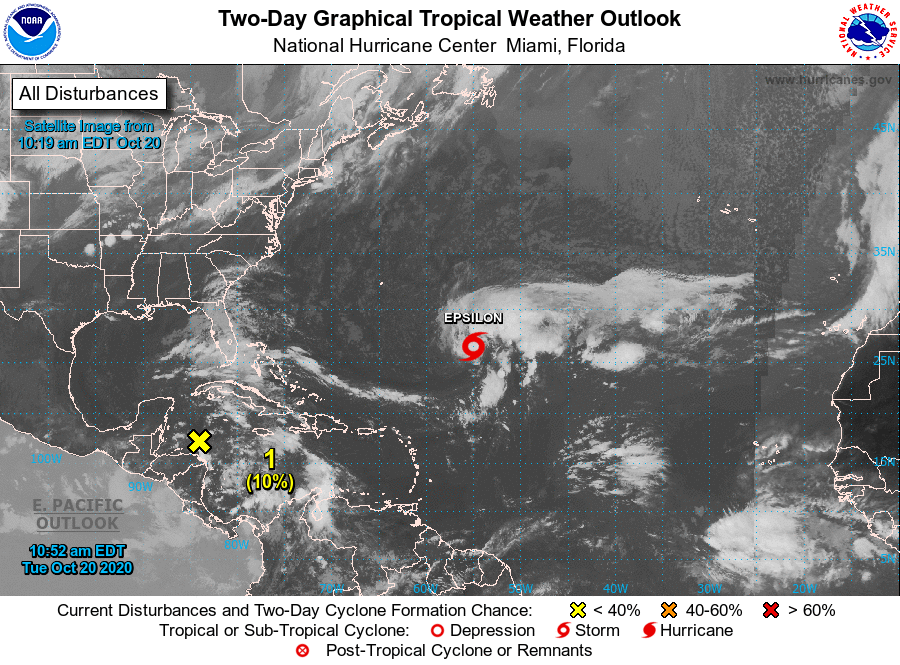
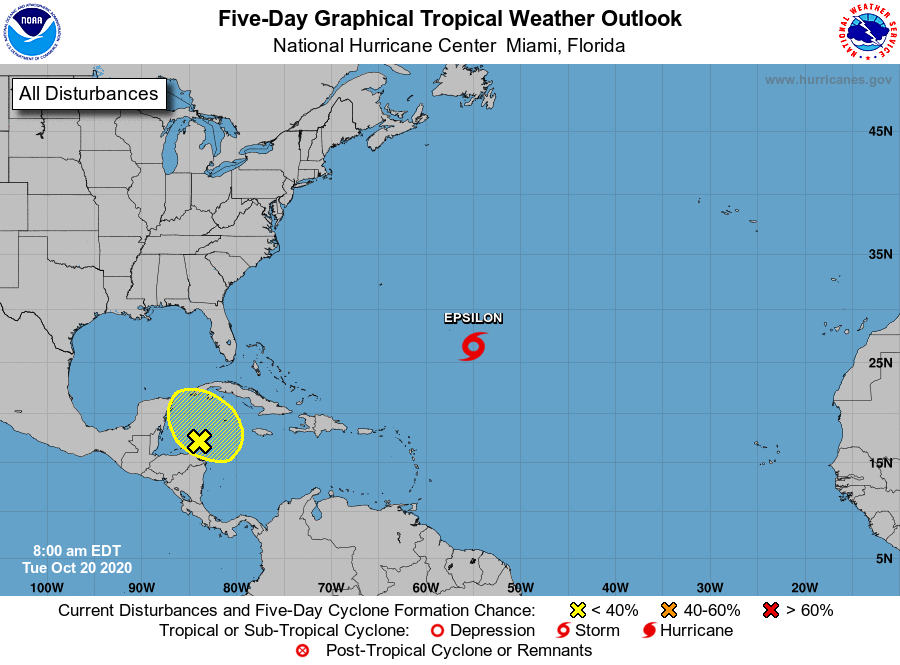
For the North Atlantic...Caribbean Sea and the Gulf of Mexico:

The National Hurricane Center is issuing advisories on Tropical Storm Epsilon, located over the central Atlantic several hundred miles southeast of Bermuda.

1. A trough of low pressure extends from the northwestern Caribbean Sea near the northeastern portion of the Yucatan peninsula southeastward into the southwestern Caribbean Sea. This system is producing disorganized showers and thunderstorms well to the east of the trough axis. Upper-level winds are expected to remain unfavorable for significant development while the system drifts westward over the next couple of days. Regardless of development, the disturbance could bring locally heavy rainfall to portions of central and western Cuba, Jamaica, the Cayman Islands, and the Yucatan peninsula through midweek.
* Formation chance through 48 hours...low...10 percent.
* Formation chance through 5 days...low...10 percent.

Public Advisories on Tropical Storm Epsilon are issued under WMO header WTNT32 KNHC and under AWIPS header MIATCPAT2. Forecast/Advisories on Tropical Storm Epsilon are issued under WMO header WTNT22 KNHC and under AWIPS header MIATCMAT2.

Forecaster Brown